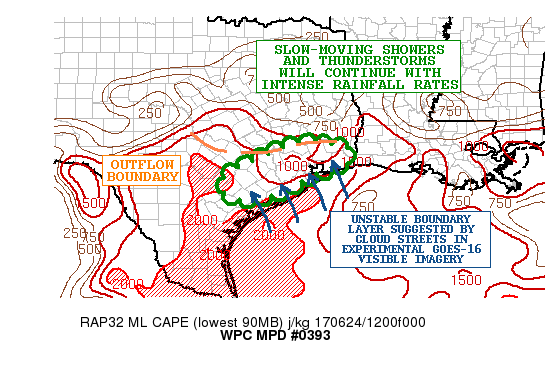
AREAS AFFECTED...SOUTHEAST TX

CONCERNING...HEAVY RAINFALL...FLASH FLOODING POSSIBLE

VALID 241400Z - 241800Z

SUMMARY...VERY SLOW-MOVING SHOWERS AND THUNDERSTORMS WITH INTENSE
RAINFALL RATES MAY CAUSE SOME ADDITIONAL CONCERNS FOR RUNOFF AND
POSSIBLE FLASH FLOODING OVER THE NEXT FEW HOURS.

DISCUSSION...EXPERIMENTAL GOES-16 0.64 MICRON/VIS IMAGERY SHOWS AN
AGITATED CU/TCU FIELD ALONG THE IMMEDIATE MIDDLE AND UPPER TX
COAST...WITH NUMEROUS SMALL SCALE CLOUD STREETS ADVANCING
NORTHWEST IN CONJUNCTION WITH THE LOW LEVEL SOUTHEAST FLOW. THE
BOUNDARY LAYER IS RATHER UNSTABLE AND THE INTERACTION OF THIS WITH
AN OUTFLOW BOUNDARY A BIT FARTHER INLAND COUPLED WITH A VERY
DIFFLUENT UPPER AIR SIGNATURE IS ALLOWING CONVECTION TO EXPAND IN
COVERAGE.

CONVECTIVE CELL MOTION IS QUITE WEAK THOUGH WHICH IS ALLOW FOR
SOME HEAVY RAINFALL TOTALS. ALREADY THERE HAVE BEEN LOCALLY SOME 3
TO 4+ INCH AMOUNTS AROUND THE HOUSTON METROPOLITAN AREA...WHICH IS
BEING AIDED BY A VERY MOIST ENVIRONMENT WITH PWATS UP BETWEEN 2 TO
2.2 INCHES. THIS IS ENHANCING THE RAINFALL RATES WITH HIGHLY
EFFICIENT RAINFALL PROCESSES AT WORK.

EXPECT SOME ADDITIONAL RAINFALL AMOUNTS OF AS MUCH AS 2 TO 4
INCHES...WITH ISOLATED TOTALS POSSIBLE AS HIGH AS 6 INCHES WHERE A
FEW CELL MERGERS OCCUR AND TEND TO STALL GIVEN THE WEAK STEERING
FLOW/CELL MOTION.